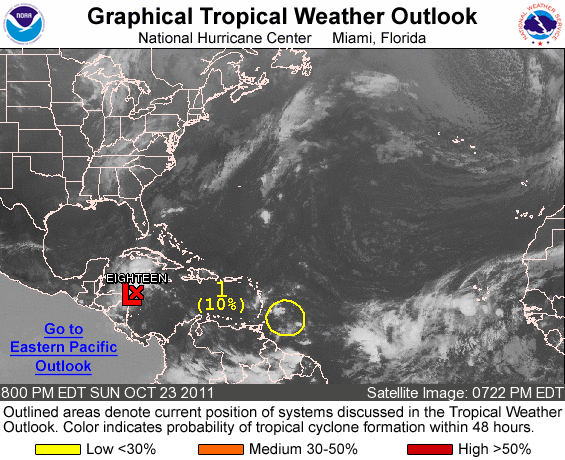
FOR THE NORTH ATLANTIC...CARIBBEAN SEA AND THE GULF OF MEXICO...

THE NATIONAL HURRICANE CENTER IS ISSUING ADVISORIES ON NEWLY FORMED TROPICAL DEPRESSION EIGHTEEN...LOCATED OVER THE WESTERN CARIBBEAN SEA ABOUT 105 MILES NORTHEAST OF THE NICARAGUA-HONDURAS BORDER.

1. A BROAD LOW PRESSURE AREA LOCATED ABOUT 185 MILES EAST-SOUTHEAST OF BARBADOS IS PRODUCING SCATTERED SHOWERS AND A FEW THUNDERSTORMS. UPPER-LEVEL WINDS ARE ONLY MARGINALLY FAVORABLE AND DEVELOPMENT... IF ANY...OF THIS DISTURBANCE SHOULD BE SLOW TO OCCUR. HOWEVER... THE LOW WILL PRODUCE BRIEF PERIODS OF LOCALLY HEAVY RAINFALL AND GUSTY WINDS IN THE WINDWARD ISLANDS TONIGHT AND INTO MONDAY. THIS SYSTEM HAS A LOW CHANCE...10 PERCENT...OF BECOMING A TROPICAL CYCLONE DURING THE NEXT 48 HOURS AS IT MOVES WEST-NORTHWESTWARD AT ABOUT 10 MPH.

ELSEWHERE...TROPICAL CYCLONE FORMATION IS NOT EXPECTED DURING THE NEXT 48 HOURS.

FORECASTER STEWART/KIMBERLAIN